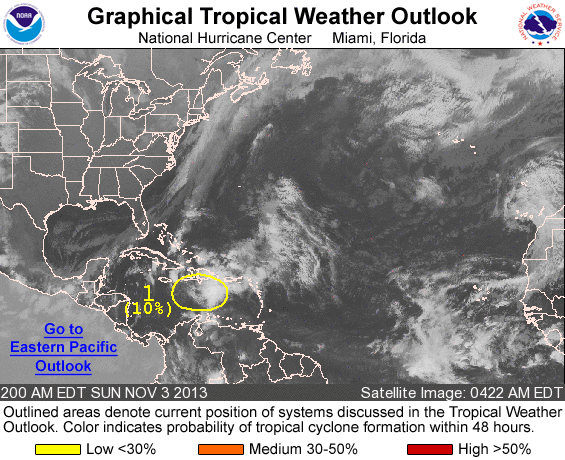
FOR THE NORTH ATLANTIC...CARIBBEAN SEA AND THE GULF OF MEXICO...

1. AN AREA OF SHOWERS AND THUNDERSTORMS EXTENDING FROM THE DOMINICAN REPUBLIC SOUTHWARD OVER THE CENTRAL CARIBBEAN SEA IS ASSOCIATED WITH A BROAD AND WEAK AREA OF LOW PRESSURE INTERACTING WITH AN UPPER-LEVEL LOW. ENVIRONMENTAL CONDITIONS ARE EXPECTED TO REMAIN GENERALLY UNFAVORABLE FOR DEVELOPMENT WHILE THE SURFACE LOW DRIFTS WESTWARD DURING THE NEXT FEW DAYS. THIS SYSTEM HAS A LOW CHANCE... 10 PERCENT...OF BECOMING A TROPICAL CYCLONE DURING THE NEXT 48 HOURS...AND A LOW CHANCE...10 PERCENT...OF BECOMING A TROPICAL CYCLONE DURING THE NEXT 5 DAYS. REGARDLESS OF DEVELOPMENT...HEAVY RAINFALL AND FLOODING IS POSSIBLE ACROSS PORTIONS OF HISPANIOLA... PUERTO RICO...AND THE VIRGIN ISLANDS DURING THE NEXT COUPLE OF DAYS.

FIVE-DAY FORMATION PROBABILITIES ARE EXPERIMENTAL IN 2013. COMMENTS ON THE EXPERIMENTAL FORECASTS CAN BE PROVIDED AT...

HTTP://WWW.NWS.NOAA.GOV/SURVEY/NWS-SURVEY.PHP?CODE=ETWO

FORECASTER BERG